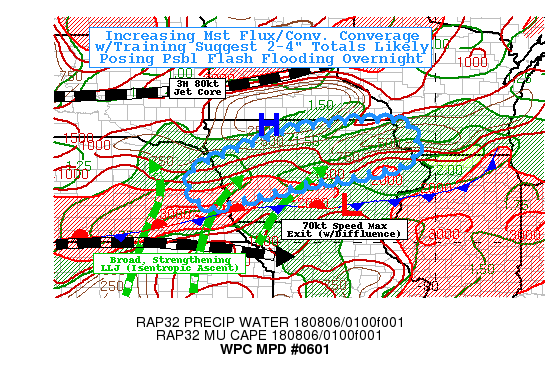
Areas affected...Eastern Nebraska...Iowa...Ext Southwest
Wisconsin...

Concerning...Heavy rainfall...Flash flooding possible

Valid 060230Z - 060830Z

SUMMARY...Increasing isentropic ascent, moderate moisture flux and
some mean cell motions aligning for some training pose possible
scattered flash flooding conditions over night.

DISCUSSION...02z surface analysis depicts a well defined wind
shift/convergence zone along an effective front from the
MCS/squall line along the WI/IL border and crosses the southern
third of IA and just north of Nebraska City and back toward
McCook, NEB.  VWP network across NEB and Kansas shows steady
southerly surface to 850mb increase up to 25kts at 850mb
currently.  GOES-WV suite and AMV denote broad westerly flow
across the Dakotas into Nebraska with a subtle shortwave spin near
the Sand Hills providing broad scale ascent and focusing the LLJ.
AMV and RAP analysis suggest a weak diffluent pattern over E NEB
into IA with a potential subtle split forming in the vicinity of
the frontal boundary.  As such, this will amplify low level
cyclogenesis across N Nebraska and accelerate the LLJ to 30-35kts
with slow veering.

Current, regional RADAR mosaic and 10.3um IR channel show
convective expansion with new development upstream in response to
the LLJ/isentropic ascent focused near the MO River into central
IA. Mid-level lapse rates in the 7-7.5C/km range allow for strong
instability across E NEB, into IA with MUCAPE values of 2500-3000
J/kg.  The combination of these factors will further enhance
updraft/moisture flux with the strengthening of the LLJ which will
support reduced difference of  mean flow vectors to the LLJ
supporting some back-building into the best forcing across W IA.
Tds in the upper 60s will ascend into the developing cells and
with low 70s Tds north of the boundary, elevated convection
rainfall will remain strong/efficient supporting rain rates in
excess of 2"/hr (as total PWATs increase toward 2" by 06z).   As
the wave advances eastward in the strong westerly flow, the LLJ
will veer further and support mean cell motions to align for some
training in the mid-overnight period.  This suggests 2-4" totals
will become increasingly likely within the area of concern.  Very
dry recent pattern is likely to help withstand some of these
totals, but the training/high rates still pose a possible flash
flooding risk, particularly across N Sac to Hamilton and
Butler/Black Hawk to Dubuque county given 1-3" totals from rounds
earlier today.

Hi-res CAMs are very supportive of this evolution to provide some
confidence.  The 18z and 00z NAM-Conest depicts a very convincing
evolution to the MCS but like many other guidance members shows a
distinctly slow evolution and north and west bias compared to
overall reality.  This bears some reduction in overall latitude of
the best QPF signal and suggest the best corridor is likely to be
in the vicinity of DNS to ALO/ULZ rather than across Northern IA.
Also have included area across Northeast IA into SW WI, where
isentropic ascent across outflow boundary from Squall Line is
producing 1-2" totals currently which are likely to maintain over
the next hour or so before moving eastward into a more stable
environment and reduced isentropic ascent.